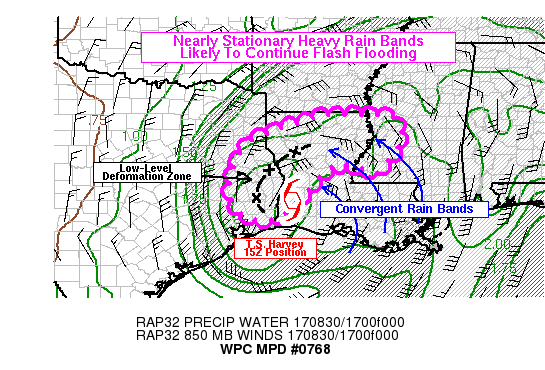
AREAS AFFECTED...FAR EAST TX...WEST AND NORTH LA...WEST-CENTRAL MS

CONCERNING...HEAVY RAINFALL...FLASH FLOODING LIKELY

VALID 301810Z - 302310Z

SUMMARY...FLASH FLOODING IS LIKELY TO CONTINUE WITH PERSISTENT
HEAVY RAIN BANDS FROM FAR EAST TEXAS INTO WESTERN LOUISIANA...WITH
ADDITIONAL HEAVY RAIN BANDS POSSIBLY DEVELOPING FROM NORTHEAST
LOUISIANA INTO WEST-CENTRAL MISSISSIPPI.

DISCUSSION...THE DISTRIBUTION OF THE RAIN BANDS IN THE IMMEDIATE
VICINITY OF T.S. HARVEY HAS NOT CHANGED APPRECIABLY IN THE PAST
6-12 HOURS...WITH AN ARCING HEAVY RAIN BAND PERSISTING TO THE WEST
AND NORTHWEST OF THE LOW-LEVEL CIRCULATION CENTER. THIS IS
ASSOCIATED WITH A DEFORMATION ZONE AND ENHANCED CONVERGENCE IN THE
LOW LEVELS...AND HAS A HISTORY OF PRODUCING SIGNIFICANT RAINFALL
IN SHORT PERIODS OF TIME. DUAL POL RAIN RATES OBSERVED BY THE NWS
RADAR NETWORK HAVE GENERALLY BEEN PEAKING IN THE 1.5-2.0 IN/HR
RANGE OVER THE PAST COUPLE HOURS...AND THAT IS CONSISTENT WITH
MRMS RAIN RATES AS WELL.

NON-OPERATIONAL GOES-16 IR CHANNELS REVEAL A LACK OF DEEP
CONVECTION IN THIS REGION AS OF 18Z...AND THAT MAY BE KEEPING THE
RAIN RATES LOWER THAN THE PROLIFIC NUMBERS OBSERVED LAST NIGHT
WHEN DEEP CONVECTION WAS PRESENT. AND THE GOES-16 MICROPHYSICS AND
CONVECTION RGBS GENERALLY CONFIRM WEAKER CONVECTION AS WELL.

THEREFORE RAIN RATES WILL LIKELY BE DEPENDENT UPON WHETHER DEEPER
CONVECTION CAN BE RE-ESTABLISHED CLOSER TO THE CIRCULATION CENTER.
HOWEVER...EVEN PERSISTENCE OF ONGOING RATES OF 1-2 IN/HR WOULD BE
LIKELY TO CONTINUE FLASH FLOODING GIVEN THE VERY SLOW MOVEMENT OF
THE RAIN BANDS AND ALREADY SATURATED SOILS. HOWEVER...AN INCREASE
IN THE RAIN RATES WOULD HAVE THE POTENTIAL TO INCREASE THE
SEVERITY OF THE ONGOING FLOODING...OR LEAD TO NEW AREAS OF
FLOODING AS EVENING APPROACHES. THE HRRR IS NOT KEEN ON THIS
HAPPENING...WITH SIMULATED IR BRIGHTNESS TEMPERATURES REMAINING
RELATIVELY CONSTANT THROUGH 00Z. NEVERTHELESS...HIGH-RES MODEL
GUIDANCE IS IN GOOD AGREEMENT WITH A HEAVY RAIN SIGNAL OVER THE
NEXT 6 HOURS FROM 18-00Z...WITH THE PROBABILITY MATCHED MEAN FROM
THE HREF YIELDING AN ADDITIONAL 4-6 INCHES OF RAIN. THIS IS A
HIGH-CONFIDENCE SIGNAL IN CONTINUED HEAVY RAIN AND FAIRLY
WIDESPREAD FLOODING.

FURTHER TO THE NORTHEAST...MODELS ALSO SHOW THE DEVELOPMENT OF
HEAVY RAIN AS CONVERGENT RAIN BANDS CONTINUE TO DEVELOP IN THE
EASTERN SEMI-CIRCLE OF HARVEY'S CIRCULATION. THESE RAIN BANDS ARE
NARROWER...ONLY 10-20 MILES WIDE AS OF 18Z...AND THUS MAY PROVIDE
A MORE TRANSIENT OR LOCALIZED FLASH FLOODING THREAT.
HOWEVER...TRAINING OF THE RAIN BANDS FOR AN HOUR OR TWO MAY
PRODUCE RAIN RATES HIGH ENOUGH TO GENERATE FLASH FLOODING...AND
THE SPATIAL COVERAGE OF HEAVY RAIN IN THIS AREA MAY EXPAND AS
HARVEY DRIFTS CLOSER.